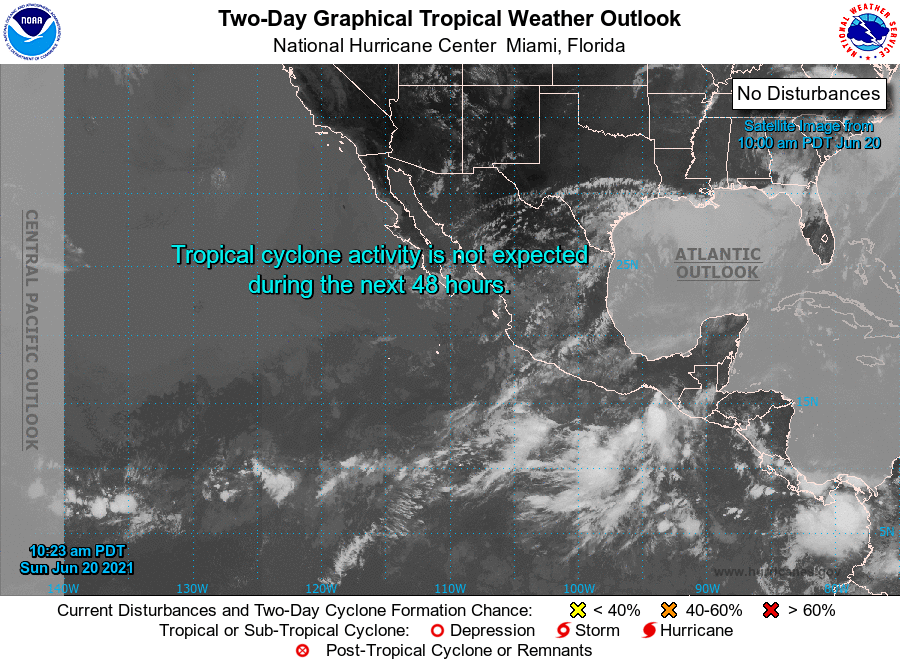
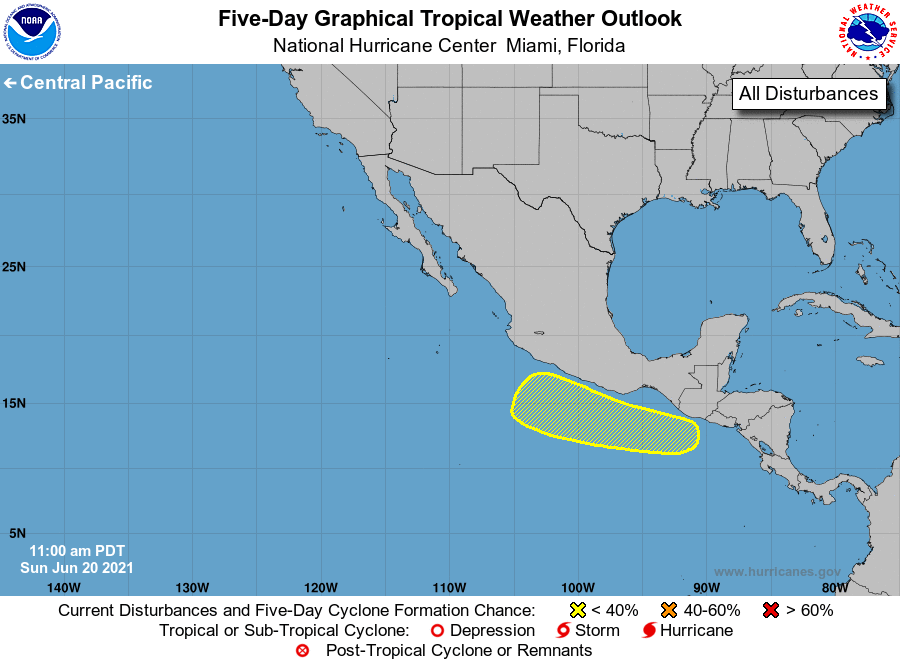
For the eastern North Pacific...east of 140 degrees west longitude:

1. An area of low pressure is expected to form south of Guatemala and the Gulf of Tehuantepec by late Wednesday or Thursday. Some development will be possible thereafter while the system moves west-northwestward parallel to and just offshore the southern coast of Mexico.
* Formation chance through 48 hours...low...near 0 percent.
* Formation chance through 5 days...low...30 percent.

Forecaster Stewart